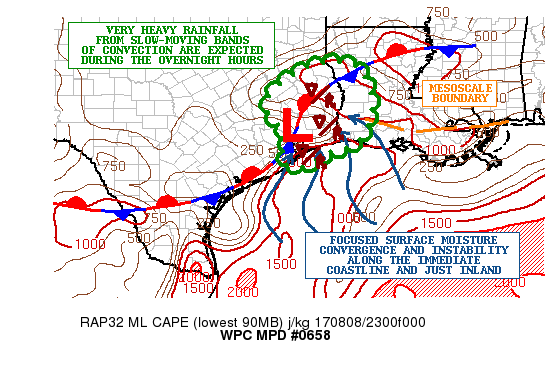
AREAS AFFECTED...SOUTHEAST TX...WEST-CENTRAL/SOUTHWEST LA

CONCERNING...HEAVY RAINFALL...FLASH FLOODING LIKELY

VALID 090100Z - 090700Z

SUMMARY...VERY HEAVY RAINFALL FROM SLOW-MOVING SHOWERS AND
THUNDERSTORMS IS EXPECTED THIS EVENING AND ESPECIALLY DURING THE
OVERNIGHT HOURS ACROSS PORTIONS OF SOUTHEAST TX AND POSSIBLY FAR
SOUTHWEST LA. FLASH FLOODING IS LIKELY.

DISCUSSION...A WELL-DEFINED MCV AND AN ASSOCIATED AREA OF SURFACE
LOW PRESSURE CONTINUES TO REMAIN NEARLY STATIONARY OVER SOUTHEAST
TX AND CLOSE TO THE HOUSTON METROPOLITAN AREA. OVER THE LAST FEW
HOURS...THERE HAD BEEN A CURVED BAND OF CONVECTION WITH VERY HEAVY
RAINFALL RATES AROUND THE EASTERN FLANK OF THE LOW
CENTER...GENERALLY IN BETWEEN GALVESTON BAY AND THE
BEAUMONT/PORT-ARTHUR AREA...ALTHOUGH THERE HAS BEEN SOME SUBTLE
WEAKENING OF THIS OVER THE LAST HOUR. REGARDLESS...THE CONVECTION
HAS BEEN SITUATED WITHIN AN AXIS OF LOCALLY ENHANCED SURFACE
MOISTURE CONVERGENCE ALONG WITH PROXIMITY TO A STRONGER
INSTABILITY GRADIENT.

OVER THE NEXT SEVERAL HOURS...THERE IS SUPPORT FROM MULTIPLE HIRES
MODEL SOLUTIONS FOR CONVECTION TO LOCALLY PERSIST AND/OR REDEVELOP
AROUND THE EASTERN FLANK OF THE CIRCULATION GIVEN CLOSE PROXIMITY
TO STRONGER INSTABILITY AND SURFACE/FRICTIONAL CONVERGENCE ALONG
THE UPPER TX COAST. THIS WOULD IMPACT AREAS JUST INLAND OVER
SOUTHEAST TX AND ALSO INTO PARTS OF SOUTHWEST LA. HOWEVER...A
NOCTURNAL TIGHTENING OF THE LOW TO MID LEVEL VORTICITY OVERNIGHT
INVOLVING THE MCV WILL ALLOW CONVECTION TO ATTEMPT TO REFOCUS
CLOSER IN TO THE ACTUAL LOW CENTER NEAR THE HOUSTON/GALVESTON
METROPOLITAN AREAS. THERE WILL BE CONCERNS FOR THIS HAPPENING
TOWARD THE 06Z TIME FRAME.

PWATS ARE BETWEEN 2.25 AND 2.5 INCHES...WITH MOISTURE HIGHLY
CONCENTRATED THROUGH THE VERTICAL COLUMN...AND SUPPORTIVE OF
HIGHLY EFFICIENT RAINFALL PROCESSES. GIVEN THIS AND THE LEVEL OF
INSTABILITY POOLED ALONG THE WESTERN GULF COAST...THE RAINFALL
AMOUNTS MAY EXCEED 3 INCHES/HR WITHIN THESE CONVECTIVE BANDS.

THE POTENTIAL EXISTS ON A SMALL SCALE FOR AS MUCH AS 3 TO 6+
INCHES OF NEW RAINFALL THROUGH THIS VALID PERIOD...WITH THE
GREATEST POTENTIAL GENERALLY IN BETWEEN THE HOUSTON METROPOLITAN
AREA AND BEAUMONT/PORT-ARTHUR. FLASH FLOODING IS LIKELY GIVEN THE
RECENT HEAVY RAINFALL OVER THE LAST 24 HOURS...AND IT COULD BE
QUITE SIGNIFICANT ON A SMALL SCALE INVOLVING ANY OF THE URBANIZED
CORRIDOR AROUND THE HOUSTON/GALVESTON METROPOLITAN AREA AND
INCLUDING THE ADJACENT SUBURBS.